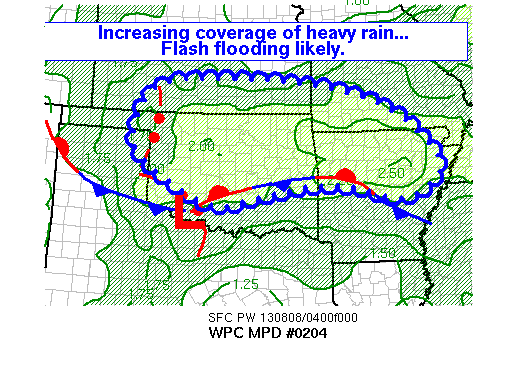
AREAS AFFECTED...NORTHERN OK...SOUTHERN KS...SOUTHWEST
MO...NORTHERN AR

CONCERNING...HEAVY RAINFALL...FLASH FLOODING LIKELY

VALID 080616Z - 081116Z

SUMMARY...COVERAGE OF HEAVY RAIN WILL INCREASE WITHIN WARM
ADVECTION REGIME. MOIST ENVIRONMENT AND LOCAL TRAINING IS LIKELY
TO YIELD FLASH FLOODING.

DISCUSSION...LARGE SCALE IS SETUP VERY FAVORABLE FOR CLUSTERS OF
THUNDERSTORMS WITH HEAVY RAIN TO EXPAND IN COVERAGE NORTH OF A
SURFACE FRONT ANALYZED THROUGH OK/AR. MODELS DEPICT CELL MOTIONS
10 KT TO THE NE WHILE CORFIDI VECTORS BRING CLUSTERS OF
CELLS/LOCAL MCS E OR ENE AT 10 KT. WINDS SURFACE TO 850 MB HAD
SIGNIFICANT EASTERLY COMPONENT TO YIELD BOTH WARM ADVECTION
INITIATING WIDESPREAD CELLS OVER CENTRAL/NORTHERN OK...AND STRONG
CONVERGENCE AT LEADING EDGE OF MCS ENTERING NORTHWEST OK. GREATER
CAPE AND CONVERGENCE SHOULD FAVOR NW/NC OK...BUT CELLS IN CENTRAL
OK COULD YIELD FLASH FLOODING AS THEY PREFERENTIALLY REDEVELOP AND
TRAIN RATHER THAN PROPAGATING INTO THE DRIER AIR SOUTH OF THE
FRONT. MEANWHILE...CLUSTERS OF DEEP CONVECTIVE CELLS WERE
BLOSSOMING FROM NE OK ACROSS FAR SW MO INTO NORTHERN AR AT
06Z...FORCED BY ADVECTION JUST SLIGHTLY MORE ELEVATED...WITH WINDS
MORE SOUTHWESTERLY AT 800-700 MB.

THE SREF FORECASTS MIXED LAYER CAPES TO REMAIN NEAR OR ABOVE 1000
J/KG OVER MOST OF THE REGION THROUGH 12Z...AND WITH WARM ADVECTION
SUSTAINED THROUGH THAT TIME AND BEYOND...WOULD EXPECT EXTENSIVE
COVERAGE OF CONVECTION. WE NOTE VERY GOOD AGREEMENT TO THE
EVOLUTION OF THIS EVENT BETWEEN THE HRRR AND EXPERIMENTAL NAM
CONEST AVAILABLE AT WPC. MUCH OF THE OTHER GUIDANCE APPEARED TOO
FAR NORTH...AND THE GFS DISPLAYED SOME FEEDBACK PROBLEMS AFFECTING
ITS LOW LEVEL WIND FIELDS.

EARLIER BEAVER OK MESONET SITE IN THE PANHANDLE OBSERVED 2.04
INCHES IN 30 MINUTES...EQUATING TO A 4 INCH PER HOUR RAIN RATE.
ENVIRONMENT CHANGES LITTLE TO THE EAST...AND THUS...FLASH FLOODING
IS A SIGNIFICANT CONCERN. THE MAIN SWATH OF ACTIVITY SHOULD REMAIN
AT THE SOUTHERN EDGE OF THE LOWEST FLASH FLOOD GUIDANCE OVER PARTS
OF SE KS/SW MO...BUT LESS INTENSE STORMS WITH STILL EFFICIENT
RAINFALL COULD BUILD NORTHWARD INTO THOSE AREAS TOWARD 10-12Z.